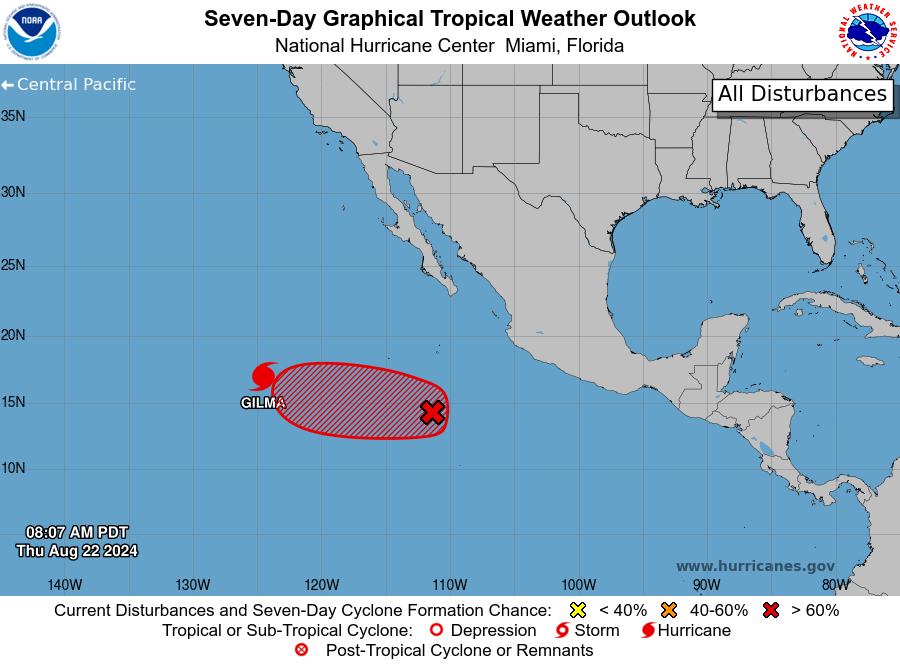
For the eastern North Pacific...east of 140 degrees west longitude:

Special Outlook Issued to update information on newly designated Tropical Depression in the Central Pacific basin.

Active Systems: Updated: The National Hurricane Center is issuing advisories on Hurricane Gilma, located more than one thousand miles west-southwest of the southern tip of the Baja California peninsula. The Central Pacific Hurricane Center has initiated advisories on Tropical Depression One-C as of 5 AM HST. For information on this system, please see products issued by the Central Pacific Hurricane Center.

1. Central Portion of the East Pacific (EP92): A broad area of low pressure has formed several hundred miles to the south of the southern tip of the Baja California peninsula and is currently producing an area of disorganized showers and thunderstorms primarily west of its center. Environmental conditions are forecast to be generally conducive for development over the next several days, and a tropical depression is likely to form during the next few days while the system moves west-northwestward at about 10 mph over the central portion of the East Pacific basin.
* Formation chance through 48 hours...medium...50 percent.
* Formation chance through 7 days...high...80 percent.

Information on Tropical Depression One-C can be found in Public Advisories issued by the Central Pacific Hurricane Center under AWIPS header HFOTCPCP1 and WMO header WTPA31 PHFO and in Forecast/Advisories issued by the Central Pacific Hurricane Center under AWIPS header HFOTCMCP1 and WMO header WTPA21 PHFO. Products will continue to be available on the web at hurricanes.gov

Forecaster Papin